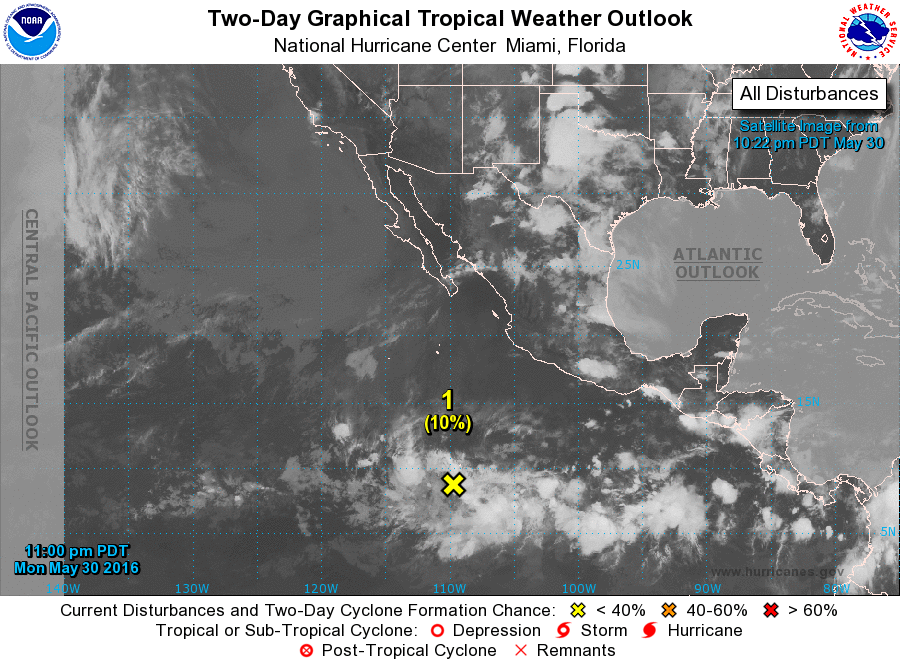
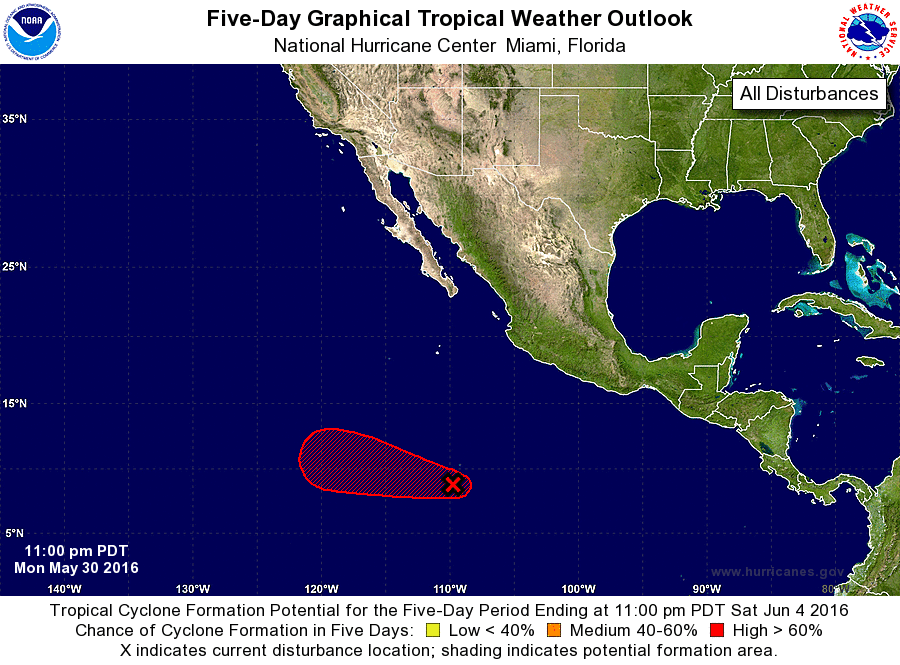
For the eastern North Pacific...east of 140 degrees west longitude:

1. An elongated area of low pressure located about 900 miles south of the southern tip of the Baja California peninsula is producing disorganized showers and thunderstorms. Environmental conditions are expected to be conducive for gradual development of this system, and a tropical depression is likely to form by the end of the week as the disturbance moves west-northwestward to westward at 5 to 10 mph.
* Formation chance through 48 hours...low...10 percent
* Formation chance through 5 days...high...80 percent

Forecaster Stewart